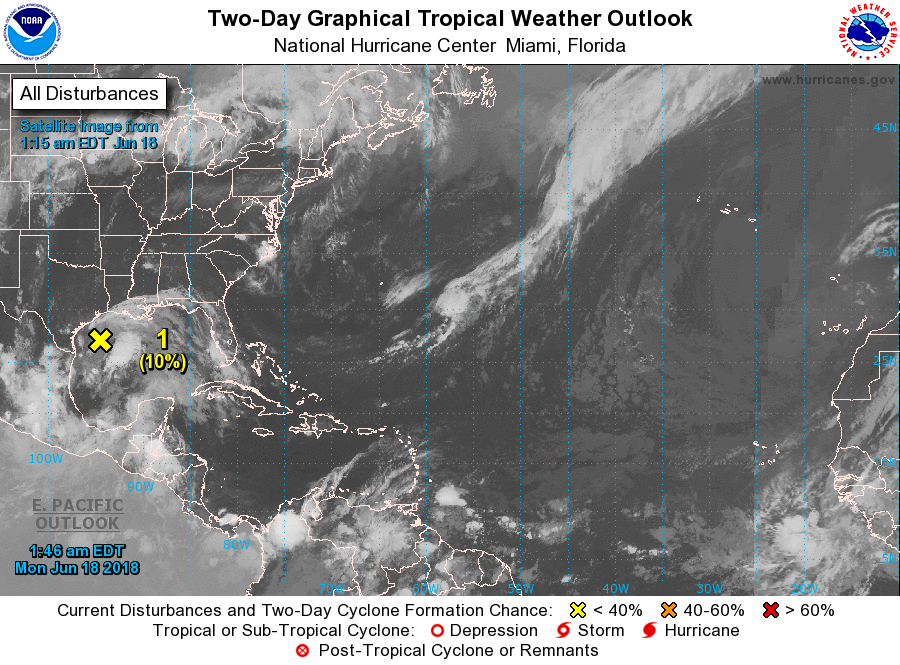
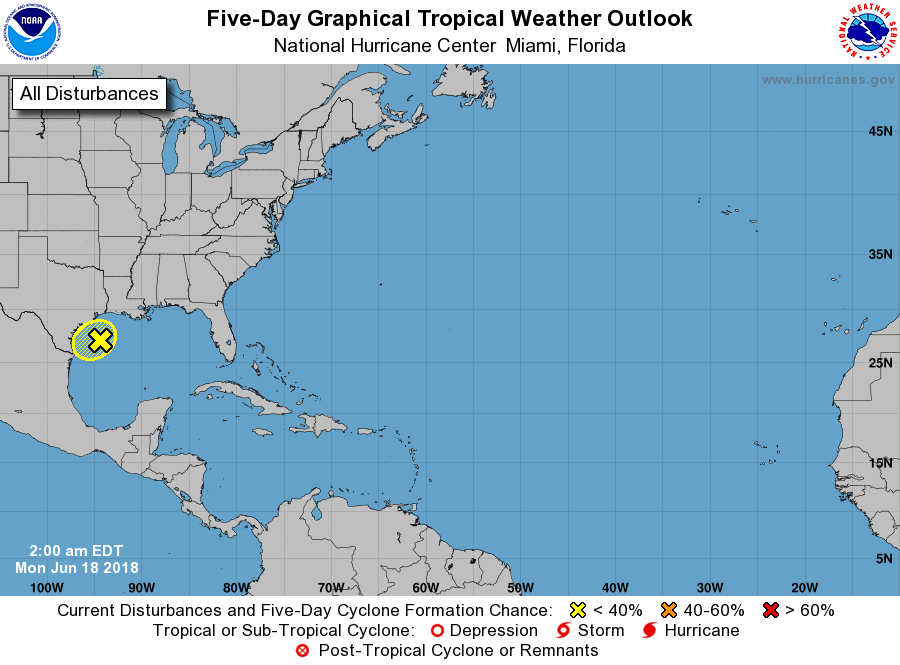
For the North Atlantic...Caribbean Sea and the Gulf of Mexico:

1. Disorganized showers and thunderstorms over the northwestern Gulf of Mexico are associated with a mid-level area of low pressure interacting with a surface trough located near the Texas coast. Development of this system is not expected before it moves inland over Texas later today and tonight. However, abundant moisture streaming northwestward from the Gulf of Mexico will increase the chance of heavy rainfall and flash flooding across portions of southern and southeastern Texas during the next few days. For more details on this disturbance and the threat for heavy rainfall, please see products issued by your local weather office and High Seas Forecasts issued by the National Weather Service.
* Formation chance through 48 hours...low...10 percent.
* Formation chance through 5 days...low...10 percent.

High Seas Forecasts issued by the National Weather Service can be found under AWIPS header NFDHSFAT1, WMO header FZNT01 KWBC, and on the Web at https://ocean.weather.gov/shtml/NFDHSFAT1.shtml.

Forecaster Berg